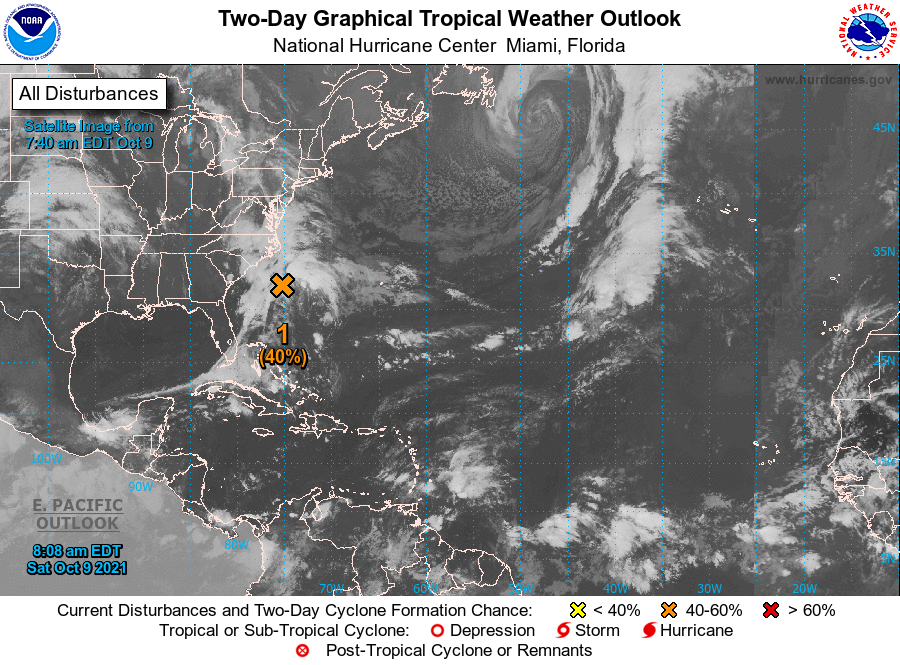
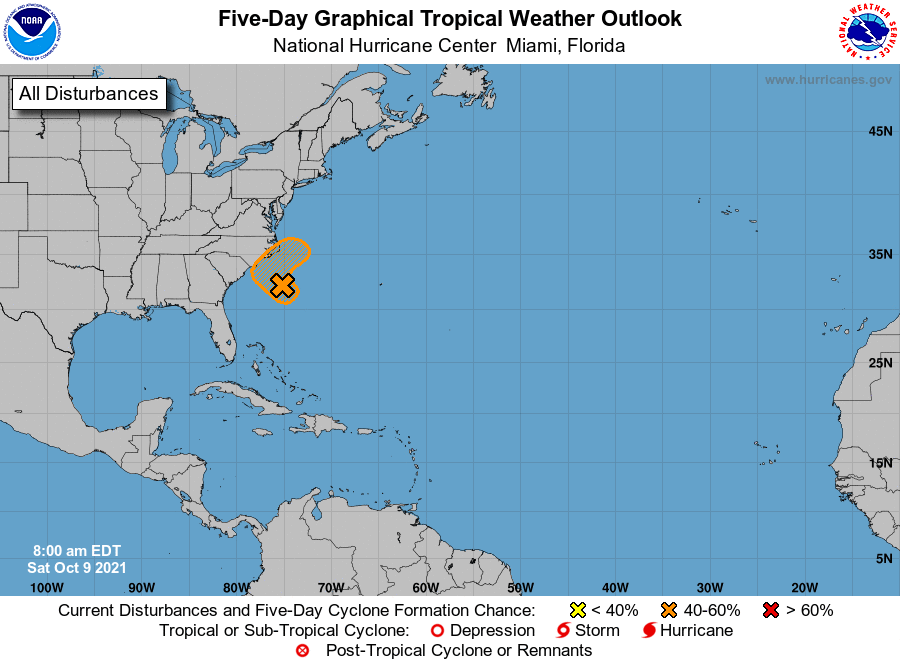
For the North Atlantic...Caribbean Sea and the Gulf of Mexico:

1. A well-defined, non-tropical low pressure system located about 200 miles southeast of Morehead City and Wilmington, North Carolina, continues to produce a large area of cloudiness and disorganized showers and thunderstorms. Environmental conditions could briefly become marginally conducive for the low to acquire subtropical characteristics through early Sunday. However, by late Sunday and Monday, environmental conditions should become unfavorable for any further development. The low is forecast to move slowly northwestward during the next day or so, and approach the North Carolina coast tonight and early Sunday. Therefore, interests along the North Carolina coast should monitor the progress of this system.

Regardless of development, intermittent periods of locally heavy rains and gusty winds will affect southeastern and eastern portions of North Carolina during the next day or two. An Air Force Reserve reconnaissance aircraft is scheduled to investigate the low this afternoon. Additional information on this system, including gale warnings, can be found in High Seas Forecasts issued by the National Weather Service.
* Formation chance through 48 hours...medium...40 percent.
* Formation chance through 5 days...medium...40 percent.

High Seas Forecasts issued by the National Weather Service can be found under AWIPS header NFDHSFAT1, WMO header FZNT01 KWBC, and online at ocean.weather.gov/shtml/NFDHSFAT1.php

Forecaster Stewart